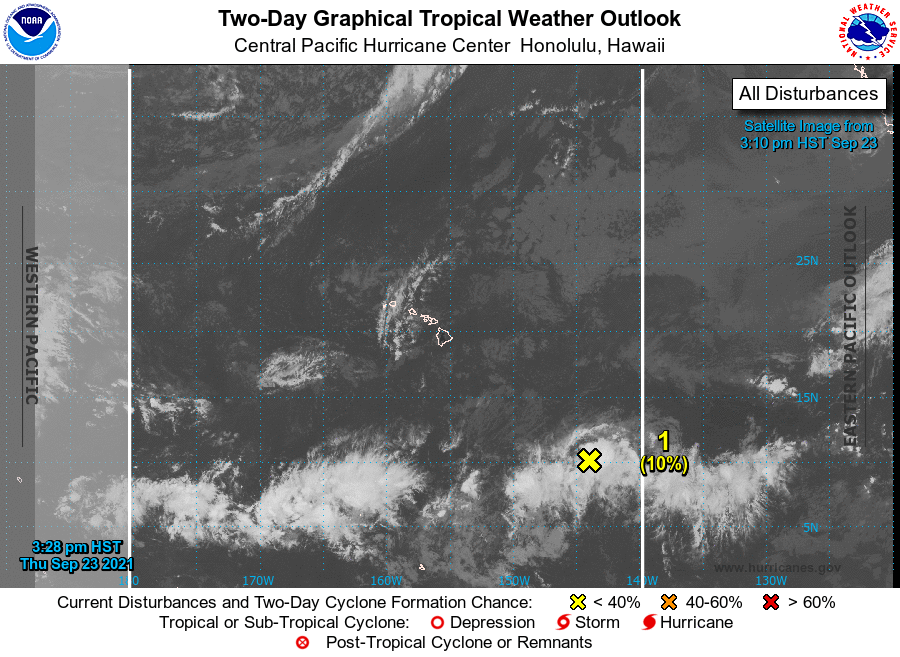
For the central North Pacific...between 140W and 180W:

1. An elongated area of low pressure located about 1000 miles southeast of Hilo, Hawaii is producing disorganized showers and thunderstorms. Environmental conditions are only marginally conducive for development over the next day or so, with the low moving northwest into an area even less conducive for development over the weekend.
* Formation chance through 48 hours...low...10 percent
* Formation chance through 5 days...low...10 percent

Elsewhere, no tropical cyclones are expected during the next 5 days.

Forecaster Birchard